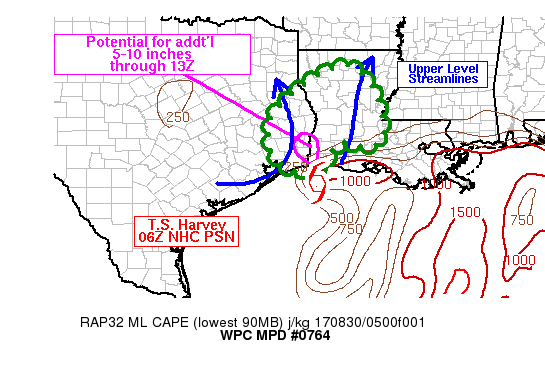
AREAS AFFECTED...SOUTHEAST TX/WESTERN AND SOUTHWESTERN LA

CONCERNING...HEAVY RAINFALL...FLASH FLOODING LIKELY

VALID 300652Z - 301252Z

SUMMARY...CATASTROPHIC AND LIFE THREATENING FLASH FLOODING
RESULTING FROM HEAVY RAINFALL WILL CONTINUE OVER EXTREME
SOUTHEASTERN TEXAS THROUGH 12Z. AN ADDITIONAL 5-10 INCHES OF RAIN
IS EXPECTED WITH SOME OVERLAP EXPECTED ON TOP OF LOCATIONS WHERE
6-12 INCHES FELL IN JEFFERSON/ORANGE COUNTIES THROUGH 06Z.

DISCUSSION...NHC PLACED TROPICAL STORM HARVEY ABOUT 45 MILES SSW
OF CAMERON LOUISIANA AT 06Z...MOVING TO THE NORTHEAST AT AROUND 6
KT. EXTREMELY DANGEROUS RAINFALL CONTINUES WITH THIS SYSTEM WITH
JACK BROOKS REGIONAL AIRPORT...LOCATED HALFWAY BETWEEN BEAUMONT
AND PORT ARTHUR TEXAS...MEASURING A 3 HOUR RAINFALL OF 8.05 INCHES
ENDING AT 06Z. AN INTENSE...SLOW MOVING AXIS OF HEAVY RAIN REMAINS
WITHIN A DEFORMATION ZONE LOCATED NORTHWEST OF THE CENTER OF
HARVEY OVER SOUTHEASTERN TEXAS WHERE SOUTHEASTERLY LOW LEVEL FLOW
HAS BEEN SHARPLY CONVERGING JUST WEST OF THE SABINE RIVER. THE
HEAVIEST RAINFALL HAS BEEN LOCALIZED OVER JEFFERSON COUNTY
ASSOCIATED WITH A MESO-VORTEX AND ENHANCED LOW LEVEL CONVERGENCE
WHICH HAS BEEN MEANDERING SLOWLY OVER THE PAST FEW HOURS WITH
RAINFALL RATES APPROACHING 4 IN/HR. FOR LOCATIONS JUST NORTH OF
JEFFERSON/ORANGE COUNTIES...WHERE ACCESS TO INSTABILITY IS
REDUCED...RAINFALL RATES HAVE BEEN STEADY IN THE 1-2 IN/HR RANGE
AND LOWER YET ACROSS THE CENTRAL TEXAS/LOUISIANA BORDER.

AN UPPER TROUGH LOCATED OVER CENTRAL TEXAS AT 06Z IS EXPECTED TO
CONTINUE AMPLIFYING TOWARD THE SOUTHEAST OVER THE NEXT FEW HOURS
WHICH WILL HAVE THE EFFECT OF INCREASING DIFFLUENCE ALOFT OVER THE
SOUTHERN TEXAS/LOUISIANA BORDER BY 12Z. LANDFALL IS EXPECTED ALONG
CAMERON PARISH  EARLY THIS MORNING AS HARVEY CONTINUES TOWARD THE
NORTHEAST AND THIS TRACK SHOULD ALLOW THE HEAVIEST RAINFALL RATES
TO SLOWLY EDGE NORTH...BUT LOCALIZED ENHANCED CONVERGENCE LOCATED
JUST EAST OF THE AFOREMENTIONED MESO-VORTEX IN JEFFERSON COUNTY
MAY PIVOT ABOUT ITSELF FOR ANOTHER COUPLE OF HOURS ALLOWING FOR
CONTINUED RAINFALL RATES NEAR 3 IN/HR IN THE VICINITY OF THE LOWER
SABINE RIVER VALLEY. WHILE THE HEAVIEST OF THE RAINFALL RATES ARE
FORECAST TO DIMINISH TOWARD 13Z...AN ADDITIONAL 5-10 INCHES OF
RAIN IS EXPECTED WHERE THE SLOW PIVOTING OCCURS...ALONG WITH
CONTINUED DANGEROUS/LIFE-THREATENING FLASH FLOODING.

FARTHER NORTH INTO CENTRAL LOUISIANA...AN ADDITIONAL 1-3 INCHES OF
RAIN IS EXPECTED THROUGH 13Z WITH RAINFALL RATES BRIEFLY
APPROACHING 1 IN/HR. GIVEN SOME OVERLAP WITH HEAVY RAINFALL OVER
THE PAST 24 HOURS...FLASH FLOODING WILL BE POSSIBLE FARTHER NORTH
INTO PORTIONS OF CENTRAL LOUISIANA.